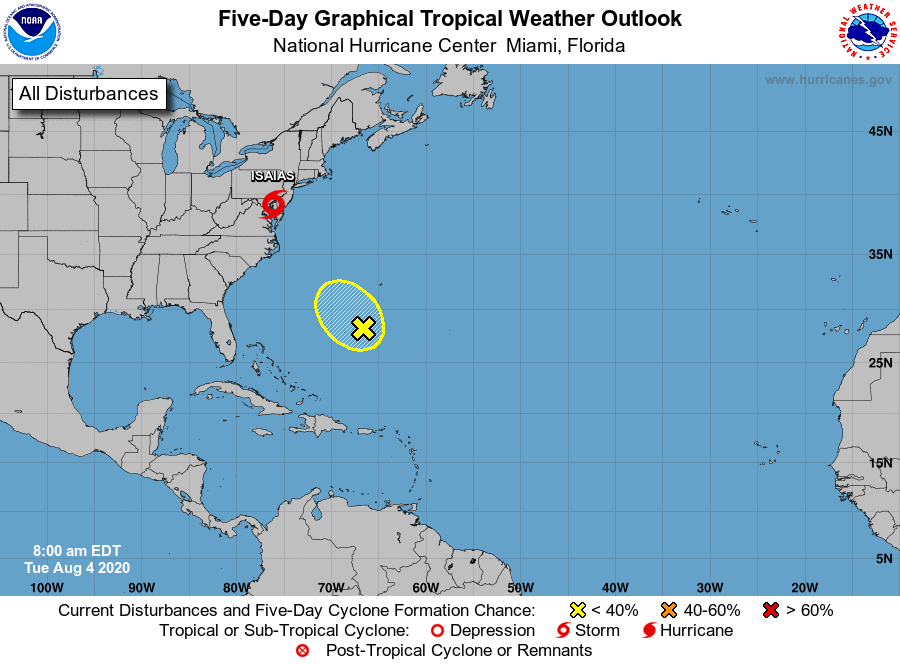
For the North Atlantic...Caribbean Sea and the Gulf of Mexico:

The National Hurricane Center is issuing advisories on Tropical Storm Isaias, located inland over southeastern Virginia.

1. A small area of showers and thunderstorms continue in association with a trough of low pressure located about 300 miles south-southwest of Bermuda. Although a weak area of low pressure is expected to form during the next day or so, abundant dry air surrounding the system is likely to limit significant development. This system is forecast to move northwestward at about 10 mph over the southwestern Atlantic today, stall several hundred miles southwest of Bermuda tonight, and then drift southwestward on Thursday.
* Formation chance through 48 hours...low...30 percent.
* Formation chance through 5 days...low...30 percent.

Forecaster Roberts